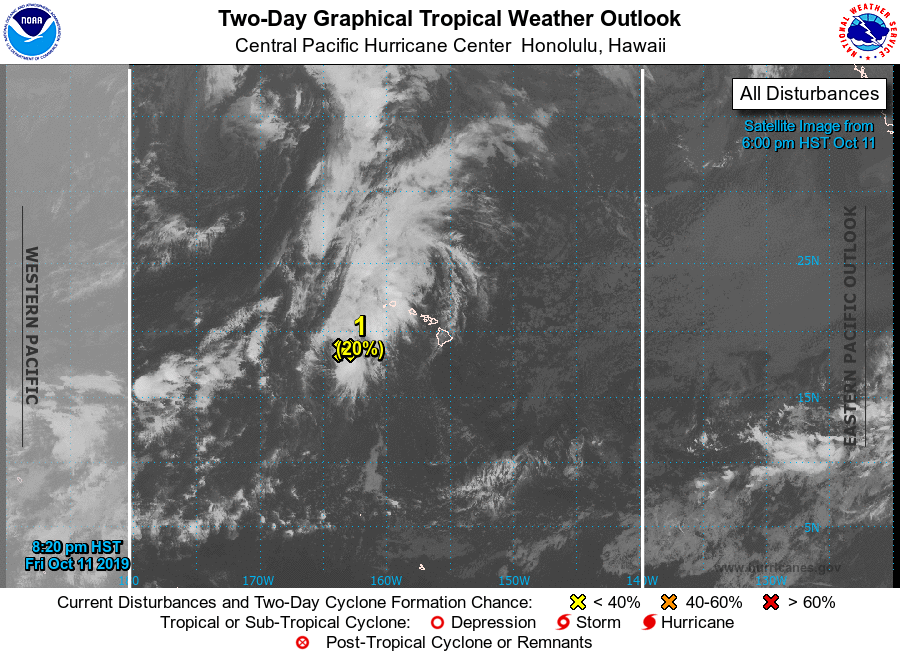
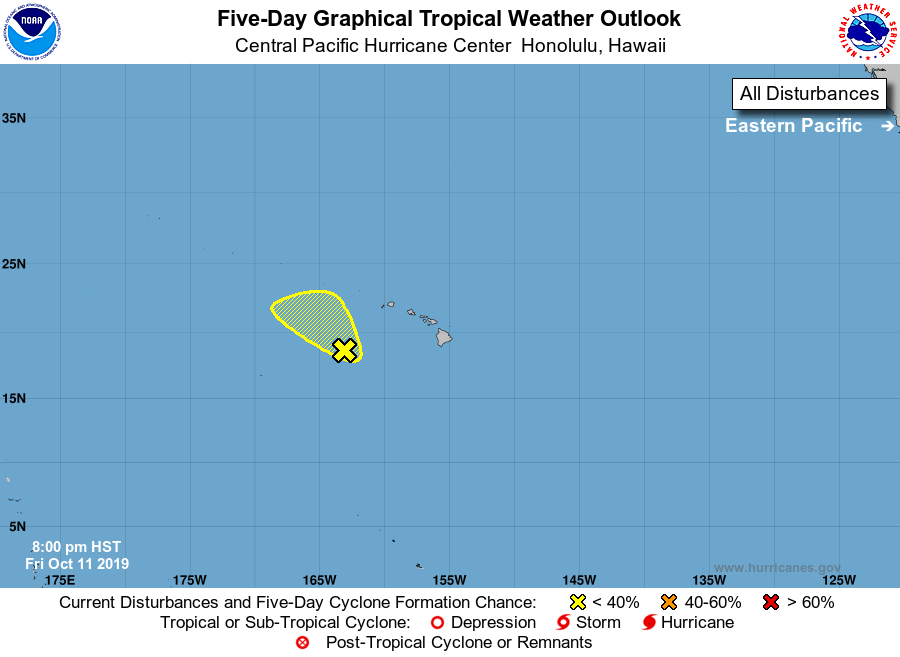
For the central North Pacific...between 140W and 180W:

1. An area of low pressure is located around 300 miles southwest of Lihue, Kauai. Some subsequent development of this system is possible while it moves northwestward over the next 48 hours. After 48 hours, environmental conditions is expected to become unfavorable for development.
* Formation chance through 48 hours...low...20 percent.
* Formation chance through 5 days...low...20 percent.

Elsewhere, no tropical cyclones are expected during the next 5 days.

Forecaster Kino